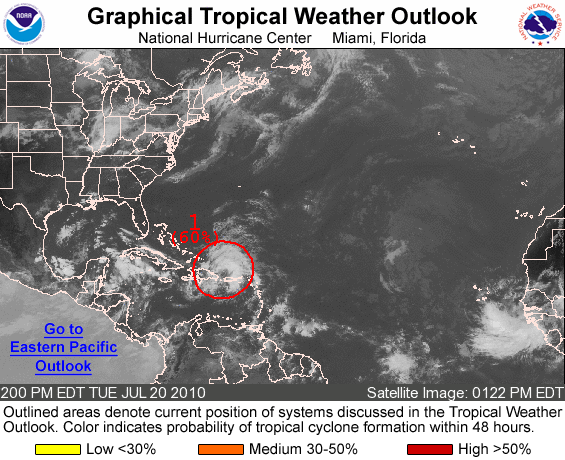
FOR THE NORTH ATLANTIC...CARIBBEAN SEA AND THE GULF OF MEXICO...

1. SHOWERS AND THUNDERSTORMS ASSOCIATED WITH A VIGOROUS TROPICAL WAVE EXTEND FROM THE NORTHERN LEEWARD ISLANDS WESTWARD TO HISPANIOLA. ALTHOUGH THE SYSTEM DOES NOT YET HAVE A CLOSED CIRCULATION... SATELLITE IMAGERY SUGGESTS THAT A SURFACE LOW PRESSURE AREA IS BECOMING BETTER DEFINED JUST NORTH OF THE EASTERN TIP OF HISPANIOLA. ENVIRONMENTAL CONDITIONS ARE EXPECTED TO BE FAVORABLE FOR ADDITIONAL DEVELOPMENT AS THE SYSTEM MOVES WEST-NORTHWESTWARD AT ABOUT 10 MPH DURING THE NEXT DAY OR SO. THERE IS A HIGH CHANCE...60 PERCENT...OF THIS SYSTEM BECOMING A TROPICAL DEPRESSION OR STORM DURING THE NEXT 48 HOURS. REGARDLESS OF DEVELOPMENT... LOCALLY HEAVY RAINFALL AND GUSTY WINDS WILL LIKELY AFFECT THE VIRGIN ISLANDS...PUERTO RICO...THE DOMINICAN REPUBLIC...HAITI... EASTERN CUBA...THE TURKS AND CAICOS ISLANDS...AND THE SOUTHEASTERN BAHAMAS DURING THE NEXT COUPLE OF DAYS.

ELSEWHERE...TROPICAL CYCLONE FORMATION IS NOT EXPECTED DURING THE NEXT 48 HOURS.

FORECASTER BROWN/CANGIALOSI